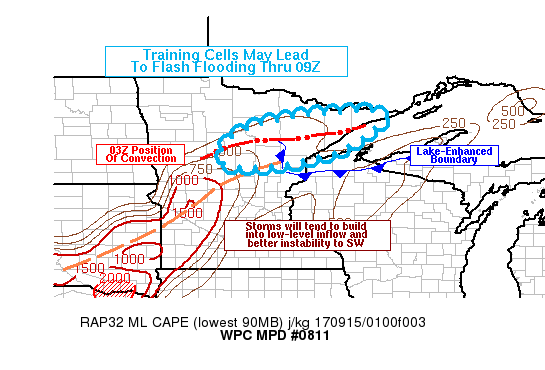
AREAS AFFECTED...NORTH-CENTRAL AND NORTHEAST MINNESOTA

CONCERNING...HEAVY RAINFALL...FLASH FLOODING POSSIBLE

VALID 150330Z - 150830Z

SUMMARY...ELEVATED THUNDERSTORMS MAY TRAIN SUFFICIENTLY OVER
LOCALIZED AREAS TO LEAD TO FLASH FLOODING THROUGH 09Z OR 4AM CDT.
THE STORMS IN GENERAL SHOULD DRIFT OR BUILD TO THE SOUTH OR
SOUTHWEST INTO A MORE UNSTABLE AIR MASS.

DISCUSSION...A BAND OF ELEVATED CONVECTION HAS DEVELOPED IN A
WSW-ENE ORIENTED FASHION NEAR THE IRON RANGE OF THE MINNESOTA
ARROWHEAD AND JUST NORTH OF THE BRAINERD LAKES REGION. AS OF
03Z...THE HEAVIEST RAINFALL HAD OCCURRED IMMEDIATELY SOUTH OF
EVELETH MN PER KDLH DUAL POL AND MRMS ESTIMATES...ON THE ORDER OF
3-5 INCHES. A SPOTTER REPORT OF 5 INCHES IN THE SAME AREA CONFIRMS
THESE ESTIMATES AS ACCURATELY DEPICTING ONGOING RATES AND STORM
TOTAL RAINFALL.

THE CONVECTION WAS OCCURRING NORTH OF A SURFACE FRONT/TROUGH...AND
APPEARED TO BE ROOTED AROUND 850MB AS IT COINCIDED WITH AN 850MB
FRONTOGENESIS MAXIMUM. THE BAND OF CONVECTION AS A WHOLE WAS
EXHIBITING A SLIGHT SOUTHWARD DRIFT WITH TIME...WHICH IS NOT
CAPTURED WELL BY CURRENT HI-RES MODEL GUIDANCE. IN
GENERAL...HI-RES MODELS WANT TO LIFT THE CONVECTION TO THE NORTH
AND DIMINISH IT WHICH SEEMS IN CONFLICT WITH THE MESOSCALE SETUP.
STORMS ARE CURRENTLY SITUATED ON THE NOSE OF AN 850MB MOISTURE
TRANSPORT MAXIMUM AND THE HIGHEST INSTABILITY IS SOUTH AND
SOUTHWEST OF A COMPOSITE OUTFLOW BOUNDARY AND LAKE-ENHANCED FRONT.
FROM A PATTERN RECOGNITION STANDPOINT...ONE WOULD EXPECT THE
STORMS TO SHOW A GRADUAL PROPAGATION INTO THE REGION OF HIGHER
INSTABILITY...AND THAT IS EXACTLY WHAT THEY ARE DOING.

THEREFORE...THE ONGOING CONVECTION MAY PROVE MORE RESILIENT THAN
HI-RES GUIDANCE WOULD SUGGEST. HOWEVER...BOTH RAP AND GLOBAL MODEL
GUIDANCE SHOWS A CONTINUED DIMINISHING TREND OF INSTABILITY
(MUCAPE AS WELL AS CAPE FOR LOWER-LEVEL PARCELS) AND THE MAGNITUDE
OF LOW-LEVEL MOISTURE TRANSPORT. THIS SHOULD LEAD TO A WANING OF
CONVECTION CLOSER TO DAYBREAK.

UNTIL THAT OCCURS...CONVECTION CONTINUES TO BE FAVORABLY ORIENTED
(ROUGHLY PARALLEL) RELATIVE TO THE MEAN FLOW TO ENABLE TRAINING
CELLS AND RAIN RATES PEAKING IN THE 1-2 IN/HR RANGE. THE AREA OF
GREATEST CONCERN WOULD BE CENTRAL OR SOUTH-CENTRAL ST. LOUIS
COUNTY JUST SOUTH OF THE IRON RANGE COMMUNITIES WHERE THE HEAVIEST
RAIN HAS ALREADY FALLEN. RADAR SHOWS CONTINUED CELL GROWTH
UPSTREAM SO ADDITIONAL RAINFALL APPEARS LIKELY...AND THIS COULD
LEAD TO ADDITIONAL FLOODING OR EXACERBATE ONGOING FLOODING. THIS
AREA OF CONCERN ALSO POSSIBLY EXTENDS WSW/SW TOWARD GRAND RAPIDS
AND NORTHERN AITKIN COUNTY AS THE AXIS OF CONVECTION TENDS TO
DRIFT AND BUILD IN THAT DIRECTION OVER TIME.